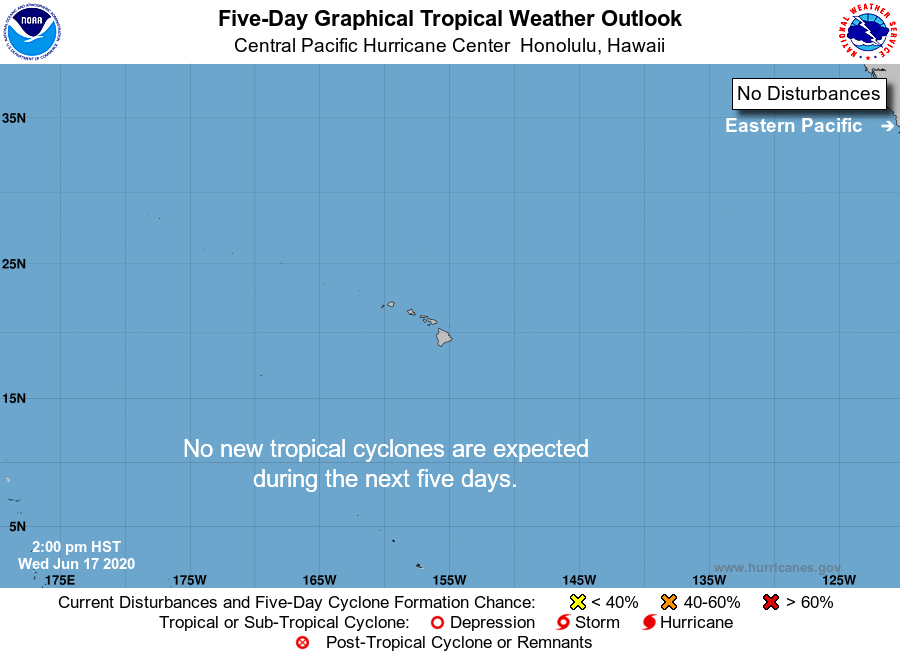
For the central North Pacific...between 140W and 180W:

No tropical cyclones are expected during the next 5 days.

Forecaster Foster